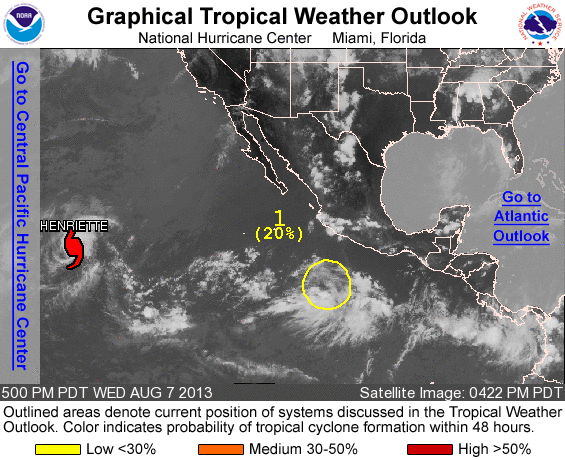
FOR THE EASTERN NORTH PACIFIC...EAST OF 140 DEGREES WEST LONGITUDE..

THE NATIONAL HURRICANE CENTER IS ISSUING ADVISORIES ON HURRICANE HENRIETTE...LOCATED FAR TO THE EAST OF THE HAWAIIAN ISLANDS.

1. AN AREA OF DISTURBED WEATHER SEVERAL HUNDRED MILES SOUTHWEST OF ACAPULCO MEXICO IS MOVING WESTWARD AT 10 TO 15 MPH. ENVIRONMENTAL CONDITIONS ARE CONDUCIVE FOR GRADUAL DEVELOPMENT OF THIS DISTURBANCE DURING THE NEXT FEW DAYS. THIS SYSTEM HAS A LOW CHANCE...20 PERCENT...OF BECOMING A TROPICAL CYCLONE DURING THE NEXT 48 HOURS AND A MEDIUM CHANCE...50 PERCENT...OF BECOMING A TROPICAL CYCLONE DURING THE NEXT 5 DAYS.

FIVE-DAY FORMATION PROBABILITIES ARE EXPERIMENTAL IN 2013. COMMENTS ON THE EXPERIMENTAL FORECASTS CAN BE PROVIDED AT...

HTTP://WWW.NWS.NOAA.GOV/SURVEY/NWS-SURVEY.PHP?CODE=ETWO

FORECASTER LANDSEA